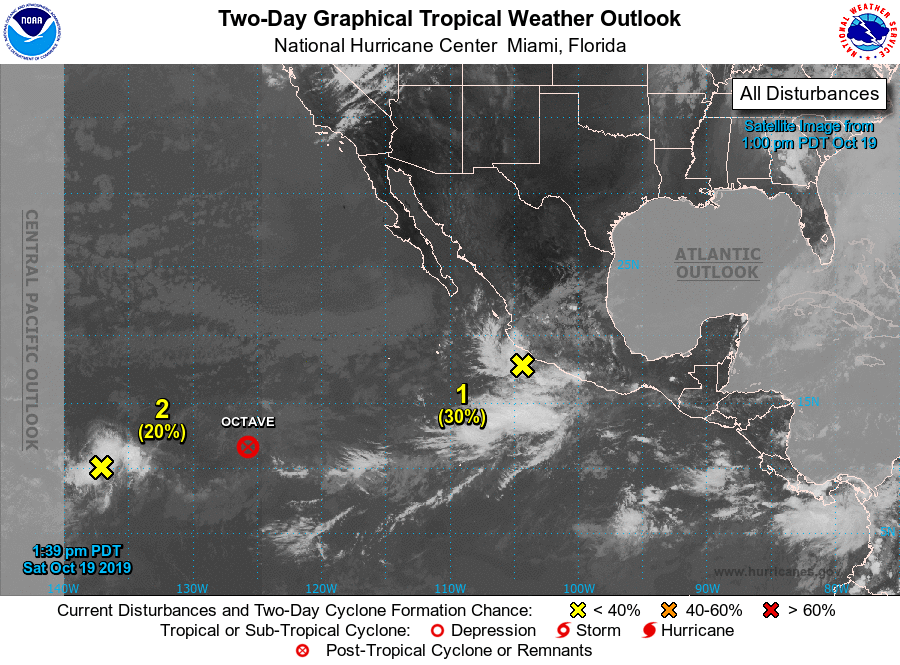
For the eastern North Pacific...east of 140 degrees west longitude:

The National Hurricane Center is issuing advisories on Tropical Depression Octave, located over the southwestern portion of the eastern Pacific basin.

1. A large area of disorganized showers and thunderstorms located near the west-central coast of Mexico is associated with a weak low pressure area embedded within an elongated surface trough. Some development of this system is possible before it moves inland over west-central Mexico and dissipates by late Sunday. Regardless of development, heavy rainfall associated with this disturbance could produce flash flooding and mudslides across portions of Michoacan, Colima, and Jalisco, especially in areas of mountainous terrain, during the next few days.
* Formation chance through 48 hours...low...30 percent.
* Formation chance through 5 days...low...30 percent.

2. Showers and thunderstorms have increased near a small low pressure system located over the far southwestern portion of the eastern Pacific basin. However, any further development is expected to be slow to occur while the system drifts slowly westward at about 5 mph. This system is expected to move into the central Pacific basin by late Sunday.
* Formation chance through 48 hours...low...20 percent.
* Formation chance through 5 days...low...20 percent.

Forecaster Berg